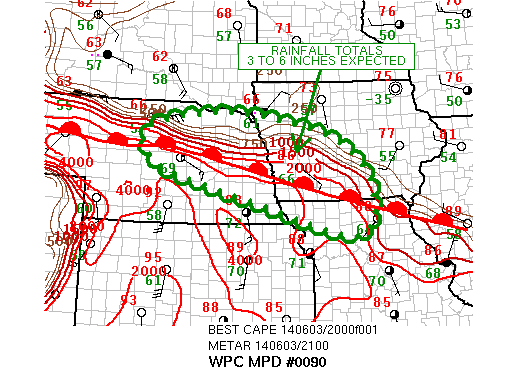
AREAS AFFECTED...CNTRL NE INTO SWRN IA AND NRN MO

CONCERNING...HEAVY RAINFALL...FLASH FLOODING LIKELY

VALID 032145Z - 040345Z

SUMMARY...THE BEGINNING OF A POTENTIALLY HIGH IMPACT FLASH FLOOD
EVENT APPEARS TO BE UNFOLDING. 2 TO 4 INCHES OF RAINFALL IS
EXPECTED IN THE THREAT AREA BY 03Z AS CONVECTION CONTINUES TO
EXPAND ALONG AND NORTH OF A SHARPLY DEFINED WARM FRONT...WITH
LOCALLY HIGHER TOTALS.

DISCUSSION...DAYTIME HEATING HAS HELPED A HIGHLY UNSTABLE AIRMASS
TO SET UP SOUTH OF A SLOW MOVING WARM FRONT ANALYZED ESEWD ACROSS
CNTRL NE INTO SWRN IA AND NERN MO. RECENT SPC MESOANALYSES OF THIS
AIRMASS INDICATE 3000-4000 J/KG OF ML CAPE IS IN PLACE WITH KLNX
RADAR INDICATING NUMEROUS CLUSTERS OF STORMS HAVE DEVELOPED JUST
NORTH OF THE WARM FRONT WITH STORM MOTIONS GENERALLY TOWARD THE
EAST AT 20 TO 30 KTS.

THE EXPECTATION IS FOR THE COVERAGE OF STORMS TO CONTINUE TO
INCREASE ACROSS NE/IA WHILE INDIVIDUAL CELLS TRACK TOWARD THE E OR
ESE. MEANWHILE...GLOBAL AND SHORT TERM RAP GUIDANCE SUGGESTS 850 -
700 MB INFLOW INTO THIS REGION WILL INCREASE THROUGH THE REMAINDER
OF THE EVENING FROM CURRENT VAD WIND PROFILE PLOTS OF 30-40 KTS TO
50-60 KTS SHORTLY AFTER 00Z. A CONSENSUS OF THE 12Z HI-RES
GUIDANCE HAS HIGHLIGHTED A HEAVY RAIN EVENT ACROSS THE THREAT AREA
WITH REASONABLE AGREEMENT...SEEMINGLY CAPTURED BEST BY RECENT RUNS
OF THE HRRR AND 12Z WRF4NSSL. FFG VALUES OF 1 TO 2 IN/HR AND 2 TO
3 IN/3 HR SHOULD BE MET WITH AREAS OF TRAINING CONVECTION.